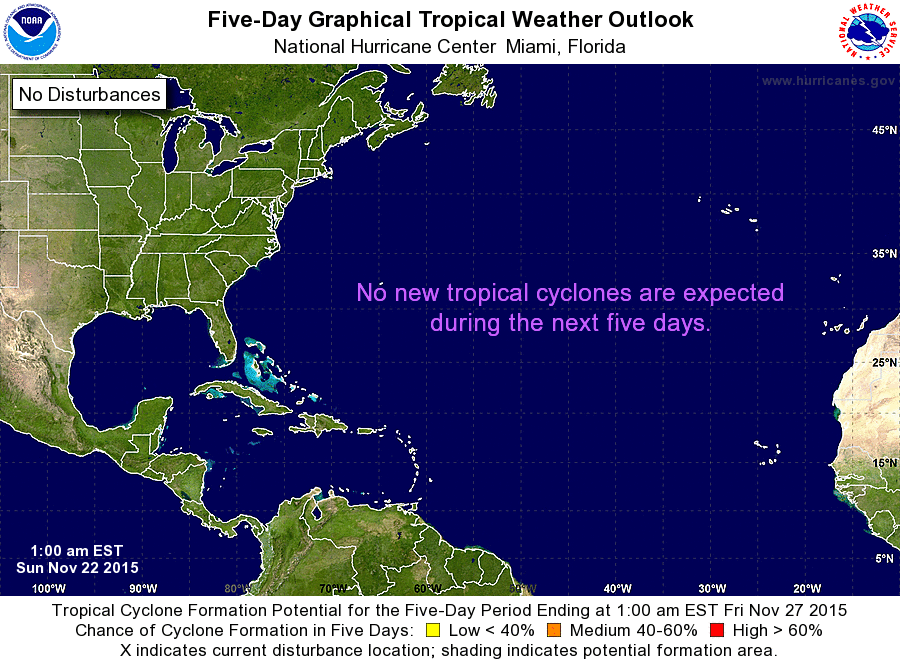
For the North Atlantic...Caribbean Sea and the Gulf of Mexico:

Tropical cyclone formation is not expected during the next 5 days.

Forecaster Stewart